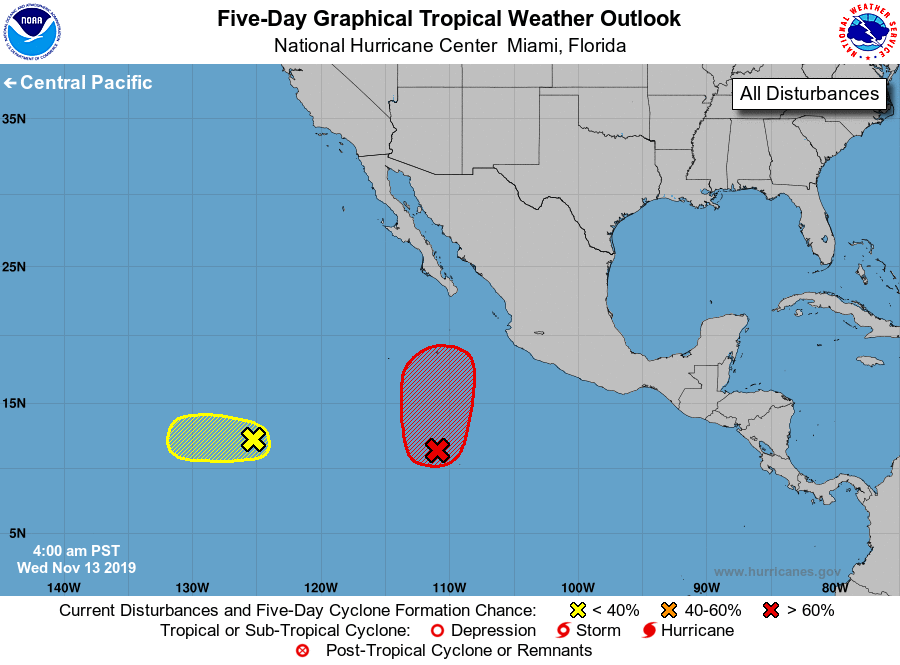
For the eastern North Pacific...east of 140 degrees west longitude:

1. A well-defined low pressure system located several hundred miles south of the southern tip of the Baja California peninsula is producing a small area of disorganized showers and thunderstorms. Gradual development of the low is expected over the next several days, and a tropical depression is likely to form by late this week while the system moves slowly northward. However, upper-level winds are forecast to become unfavorable for any further development of this disturbance by late this weekend.
* Formation chance through 48 hours...medium...40 percent.
* Formation chance through 5 days...high...70 percent.

2. Disorganized showers and thunderstorms continue in association with an area of low pressure located more than 1000 miles west-southwest of the southern tip of the Baja California peninsula. Upper-level winds are expected to be only marginally conducive for development of this system while it moves slowly westward over the next couple of days. By this weekend, upper-level winds are expected to become unfavorable for any further development of the disturbance.
* Formation chance through 48 hours...low...20 percent.
* Formation chance through 5 days...low...20 percent.

Forecaster Stewart